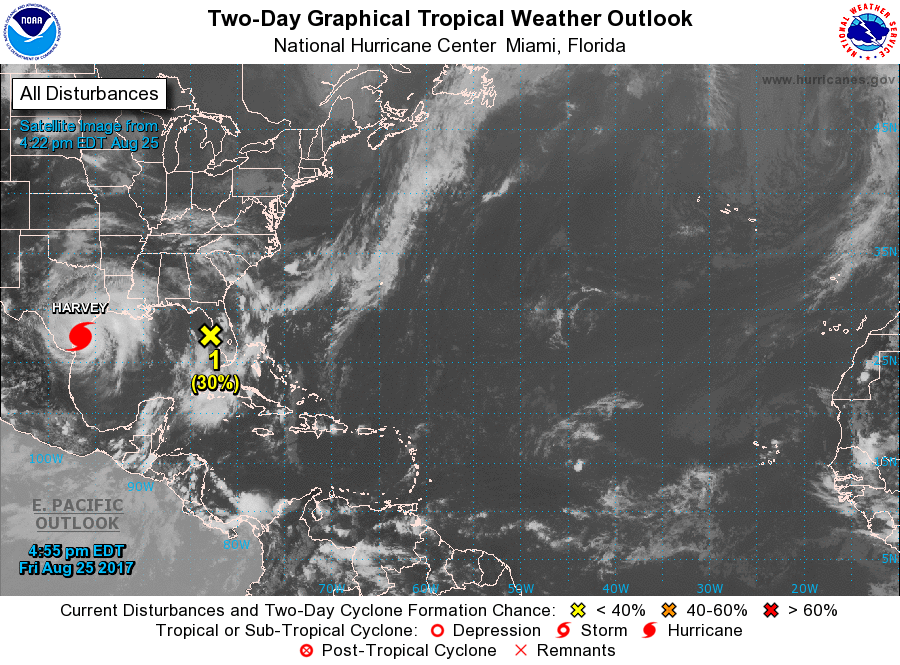
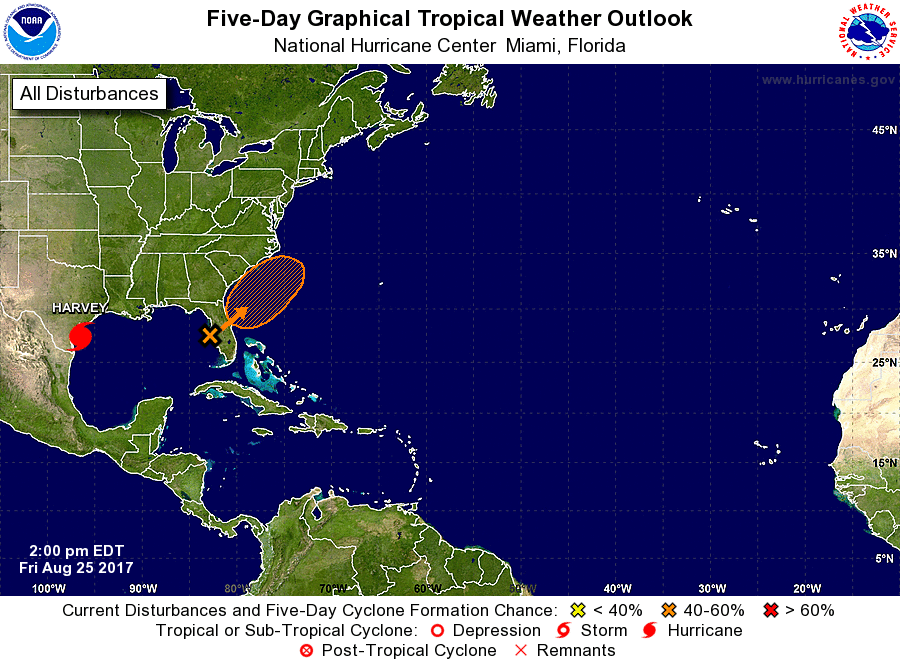
For the North Atlantic...Caribbean Sea and the Gulf of Mexico:

The National Hurricane Center is issuing advisories on Hurricane Harvey, located over the western Gulf of Mexico.

1. A broad area of low pressure located near the west-central coast of the Florida peninsula is producing a large area of disorganized cloudiness and thunderstorms over southern and central Florida and the adjacent waters. This system is forecast to move northeastward and emerge over the western Atlantic over the weekend where some development is expected through early next week before it merges with a front. Regardless of development, very heavy rain and flooding is possible over portions of southern and central Florida, and the northwestern Bahamas during the next few days. In addition, this system is expected to cause increasing northeast winds and rough surf along the coast of Georgia and the Carolinas through early next week. Please refer to products from your local weather office for more information on this system.
* Formation chance through 48 hours...low...30 percent.
* Formation chance through 5 days...medium...50 percent.

Forecaster Brown